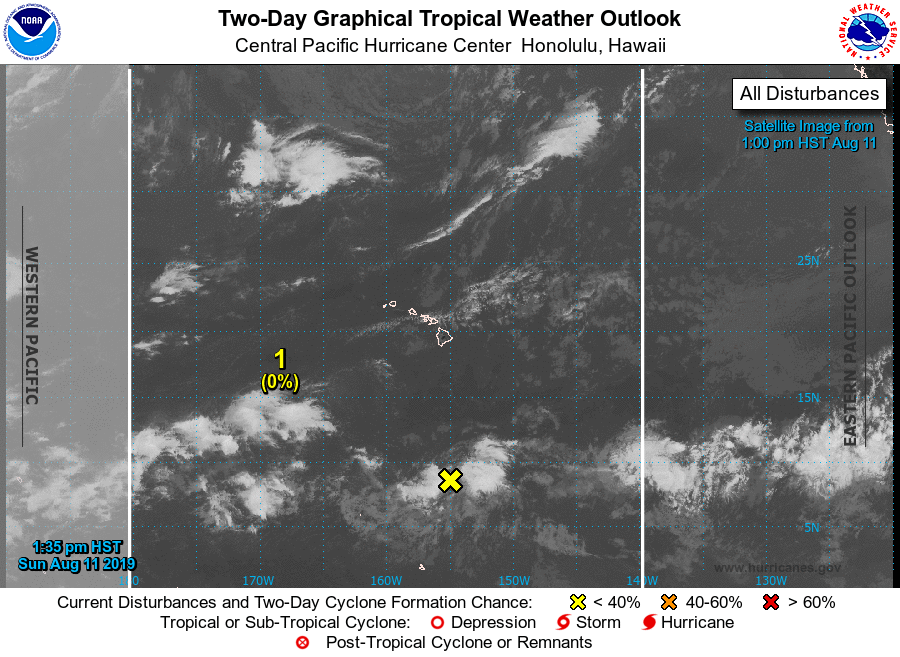
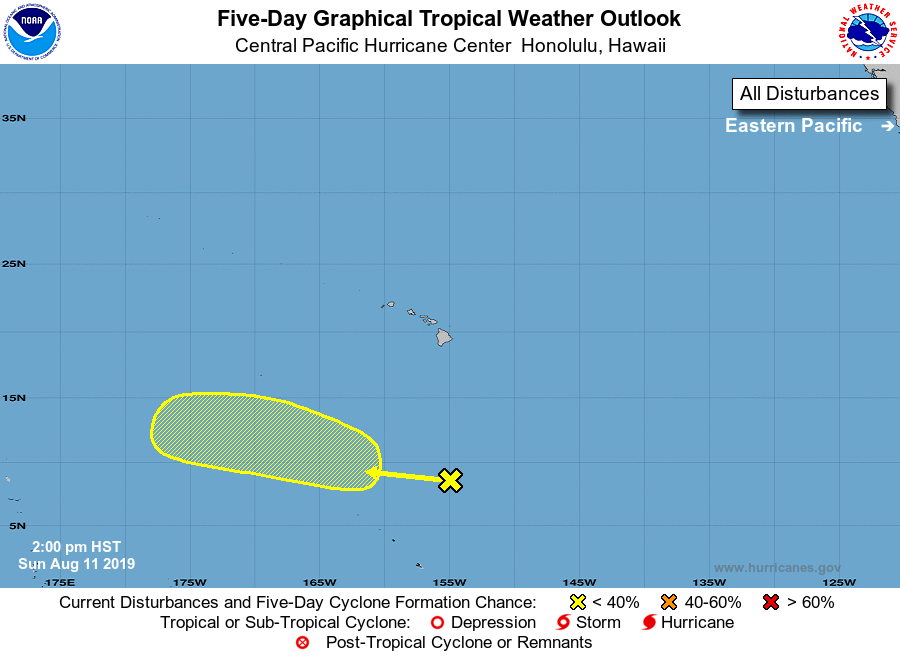
For the central North Pacific...between 140W and 180W:

1. An area of low pressure is forecast to develop several hundred miles south of Hawaii over the next few days. Environmental conditions are expected to become more conducive for slow development of the system through the week as it moves west to west-northwest at 10 to 15 mph.
* Formation chance through 48 hours...low...near 0 percent.
* Formation chance through 5 days...low...30 percent.

Elsewhere, no tropical cyclones are expected during the next 5 days.

Forecaster Foster